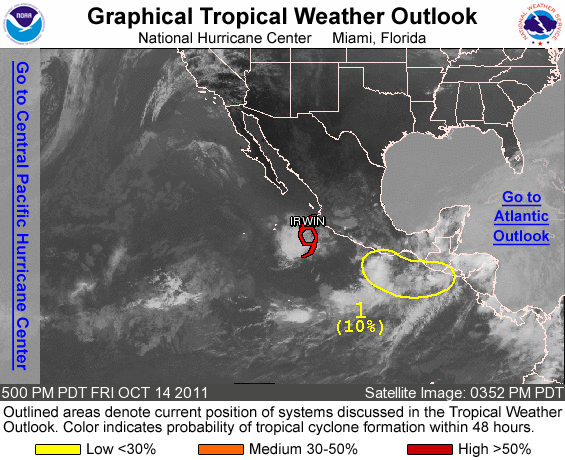
FOR THE EASTERN NORTH PACIFIC...EAST OF 140 DEGREES WEST LONGITUDE..

THE NATIONAL HURRICANE CENTER IS ISSUING ADVISORIES ON TROPICAL STORM IRWIN...LOCATED ABOUT 185 MILES WEST-SOUTHWEST OF MANZANILLO MEXICO.

1. A LARGE AREA OF CLOUDINESS AND THUNDERSTORMS ALONG THE COAST OF CENTRAL AMERICA WESTWARD TO EASTERN MEXICO IS ASSOCIATED WITH A NEARLY STATIONARY TROUGH OF LOW PRESSURE. THIS SYSTEM HAS A LOW CHANCE...10 PERCENT...OF BECOMING A TROPICAL CYCLONE DURING THE NEXT 48 HOURS. REGARDLESS OF DEVELOPMENT...TORRENTIAL RAINS SHOULD CONTINUE OVER PORTIONS OF THE PACIFIC COAST OF SOUTHEASTERN MEXICO AND CENTRAL AMERICA...RESULTING IN LIFE-THREATENING FLASH FLOODS AND MUD SLIDES.

ELSEWHERE...TROPICAL CYCLONE FORMATION IS NOT EXPECTED DURING THE NEXT 48 HOURS.

FORECASTER AVILA